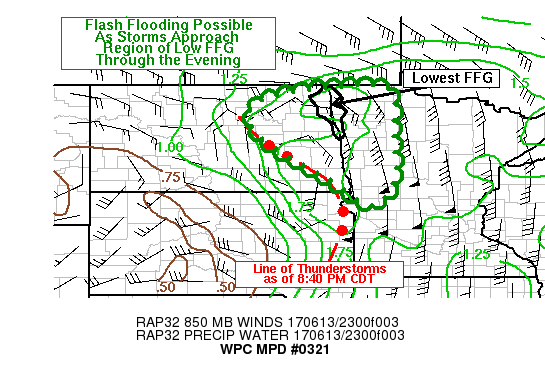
AREAS AFFECTED...EASTERN NORTH DAKOTA...NORTHWESTERN MINNESOTA

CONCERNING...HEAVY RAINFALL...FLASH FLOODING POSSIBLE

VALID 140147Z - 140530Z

SUMMARY...FLASH FLOODING IS POSSIBLE OVER PARTS OF EASTERN NORTH
DAKOTA AND NORTHWEST MINNESOTA INTO THE EARLY MORNING HOURS AS A
LINE OF THUNDERSTORMS APPROACHES A REGION OF LOWER FLASH FLOOD
GUIDANCE.  HOURLY RAIN RATES UP TO 1.5 INCHES WITH LOCALLY HIGHER
AMOUNTS POSSIBLE.

DISCUSSION...THUNDERSTORMS THAT WERE PRODUCING LOCALLY HEAVY
RAINFALL CONTINUED TO DEVELOP IN A HIGHLY DIFFLUENT UPPER FLOW
PATTERN.  AS THE STORMS MOVE EASTWARD THIS EVENING AND INTO THE
OVERNIGHT HOURS...THEY WILL ENCOUNTER A REGION OF PERSISTENT DEEP
LAYER MOISTURE TRANSPORT AS H85 WINDS ACCELERATE INTO THE 40 TO 50
KT RANGE OVER CENTRAL MN BY 03Z.  WINDS IN THIS LAYER WILL BE
TAPPING AN AIRMASS WITH PRECIPITABLE WATER VALUES OF 1.5 TO 1.7
INCHES AS SHOWN BY THE 00Z SOUNDINGS.

THE HRRR AND RAP BOTH POINT TO 3 HOUR RAINFALL AMOUNTS IN THE 2 TO
3 INCH RANGE OVER PARTS OF EASTERN ND AND A SMALL PORTION OF
NORTHWEST MN.  AS THE STORMS MAKE THEIR WAY INTO THE DEEPER FETCH
OF MOISTURE...THEY WILL BE MOVING OVER AREAS WHERE 3 HOUR FFG ARE
BETWEEN 1.0 AND 1.5 INCHES DUE TO AREAS OF LOCALLY HEAVY RAINFALL
ON MONDAY NIGHT.

THIS SETS UP THE POSSIBILITY FOR FLASH FLOODING FROM THROUGH THE
EVENING AND INTO THE EARLY MORNING HOURS.